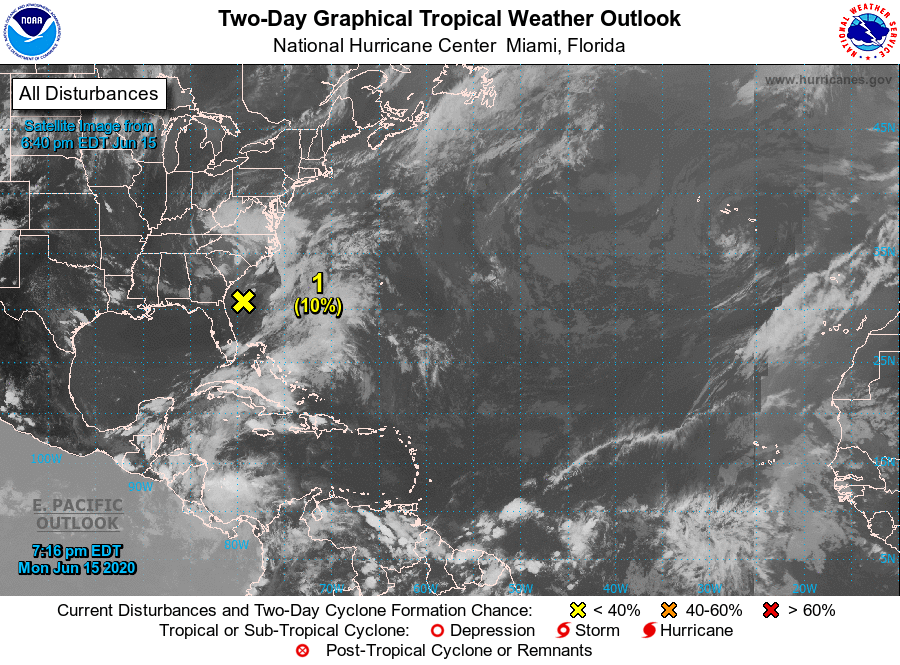
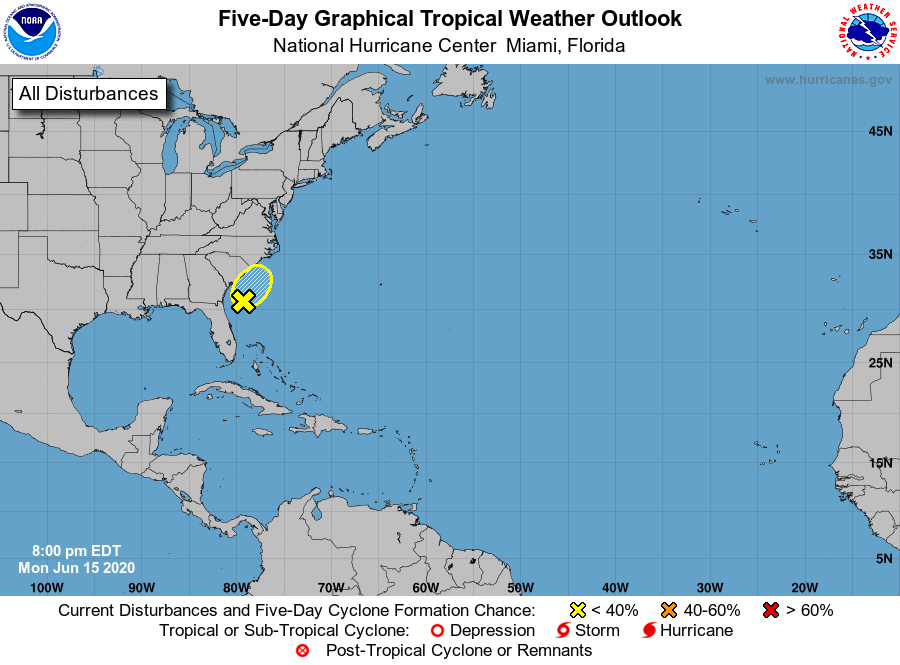
For the North Atlantic...Caribbean Sea and the Gulf of Mexico:

1. An elongated non-tropical area of low pressure located east of the Georgia coast is producing disorganized showers and a few thunderstorms over the Atlantic waters. The low is expected to move northward overnight and be located offshore near the South Carolina-North Carolina border by Tuesday morning. Environmental conditions are expected to remain unfavorable for significant development through Tuesday evening when the low is forecast to move inland over eastern North Carolina.

Regardless of development, heavy rainfall could occur over portions of northeastern South Carolina and southeastern North Carolina from Tuesday afternoon into Wednesday. For additional information, see products from your local National Weather Service office.
* Formation chance through 48 hours...low...10 percent.
* Formation chance through 5 days...low...10 percent.

Forecaster Brown